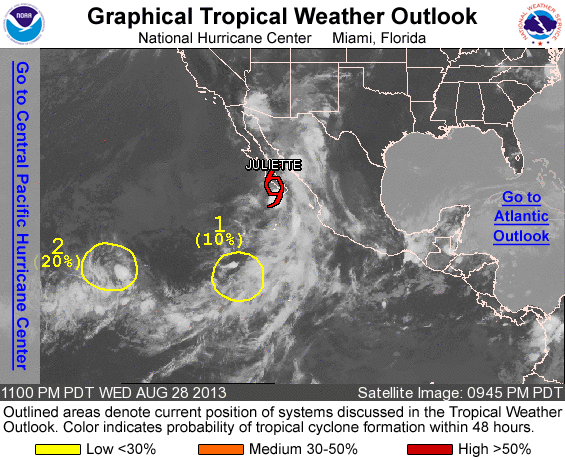
FOR THE EASTERN NORTH PACIFIC...EAST OF 140 DEGREES WEST LONGITUDE..

THE NATIONAL HURRICANE CENTER IS ISSUING ADVISORIES ON TROPICAL STORM JULIETTE...LOCATED NEAR THE SOUTHWEST COAST OF THE BAJA CALIFORNIA PENINSULA.

1. A BROAD AREA OF LOW PRESSURE LOCATED ABOUT 850 MILES SOUTH- SOUTHWEST OF THE SOUTHERN TIP OF THE BAJA CALIFORNIA PENINSULA IS PRODUCING A LARGE AREA OF CLOUDINESS AND A FEW SHOWERS. ANY DEVELOPMENT IS EXPECTED TO BE SLOW TO OCCUR DURING THE NEXT COUPLE OF DAYS WHILE THIS SYSTEM MOVES NORTHEASTWARD OR NORTH- NORTHEASTWARD AT ABOUT 10 MPH. THIS SYSTEM HAS A LOW CHANCE...10 PERCENT...OF BECOMING A TROPICAL CYCLONE DURING THE NEXT 48 HOURS. SIGNIFICANT DEVELOPMENT IS NOT ANTICIPATED AFTER THAT TIME AS THE LOW IS EXPECTED TO REACH COOLER WATERS IN TWO TO THREE DAYS. THIS SYSTEM HAS A LOW CHANCE...20 PERCENT...OF BECOMING A TROPICAL CYCLONE DURING THE NEXT 5 DAYS.

2. SHOWER ACTIVITY ASSOCIATED WITH AN AREA OF LOW PRESSURE LOCATED ABOUT 1500 MILES WEST-SOUTHWEST OF THE SOUTHERN TIP OF THE BAJA CALIFORNIA PENINSULA HAS CHANGED LITTLE OVER THE PAST FEW HOURS. CONDITIONS ARE MARGINALLY FAVORABLE FOR DEVELOPMENT OF THIS SYSTEM DURING THE NEXT FEW DAYS AS IT BEGINS TO MOVE SLOWLY NORTHWARD. THIS DISTURBANCE HAS A LOW CHANCE...20 PERCENT...OF BECOMING A TROPICAL CYCLONE DURING THE NEXT 48 HOURS...AND A MEDIUM CHANCE... 30 PERCENT...OF BECOMING A TROPICAL CYCLONE DURING THE NEXT 5 DAYS.

PUBLIC ADVISORIES ON JULIETTE ARE ISSUED UNDER WMO HEADER WTPZ35 KNHC AND UNDER AWIPS HEADER MIATCPEP5. FORECAST/ADVISORIES ON JULIETTE ARE ISSUED UNDER WMO HEADER WTPZ25 KNHC AND UNDER AWIPS HEADER MIATCMEP5.

FIVE-DAY FORMATION PROBABILITIES ARE EXPERIMENTAL IN 2013. COMMENTS ON THE EXPERIMENTAL FORECASTS CAN BE PROVIDED AT...

HTTP://WWW.NWS.NOAA.GOV/SURVEY/NWS-SURVEY.PHP?CODE=ETWO

FORECASTER BRENNAN